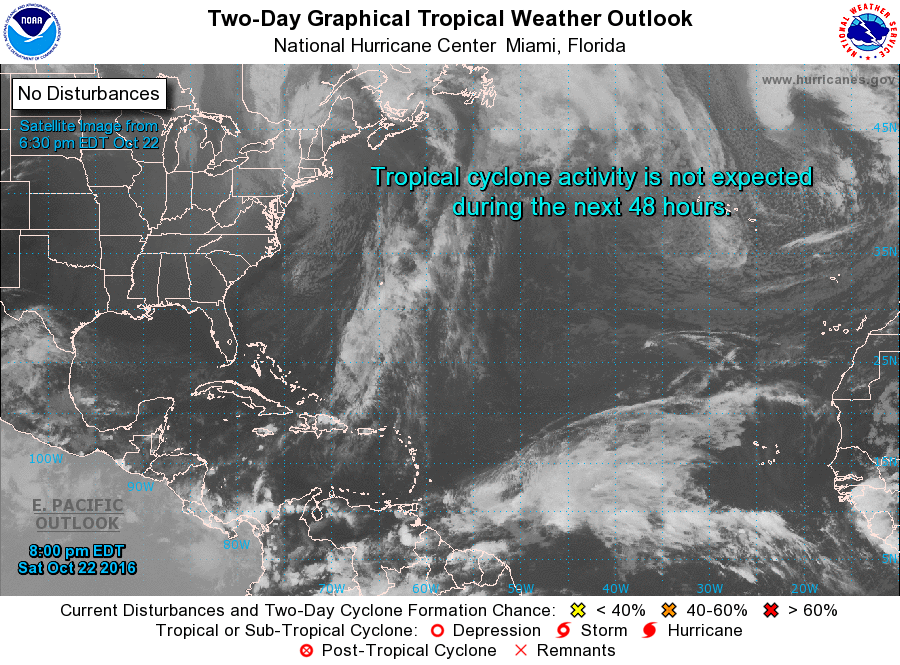
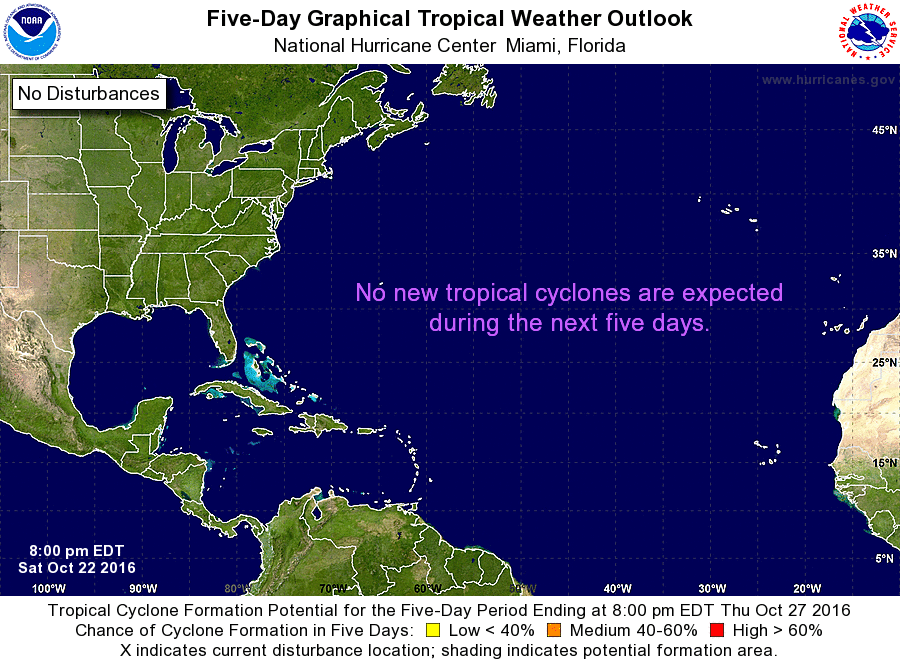
For the North Atlantic...Caribbean Sea and the Gulf of Mexico:

Tropical cyclone formation is not expected during the next 5 days.

Forecaster Brennan